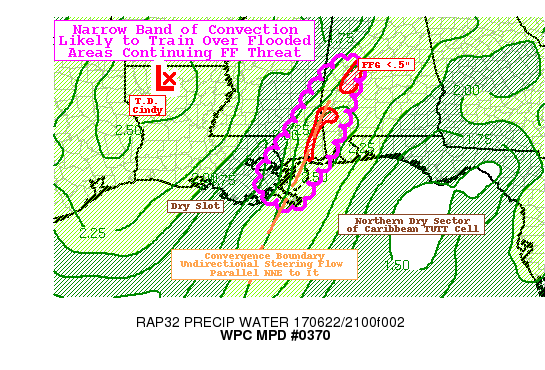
AREAS AFFECTED...SOUTHEAST LA...SOUTHEAST MS...SOUTHWEST AL

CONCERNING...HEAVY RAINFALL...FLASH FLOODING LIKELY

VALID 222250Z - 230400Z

SUMMARY...NARROW CONVERGENCE BAND WITHIN SHEARING WARM CONVEYOR
WILL SUPPORT AMPLE MOISTURE AND CHANNEL FOR TRAINING OVER FLOODED
AREAS LIKELY TO CONTINUE FLASH FLOODING CONDITIONS.

DISCUSSION...GOES-16 WV LOOPS SHOW A NARROW RIBBON OF DEEPEST
MOISTURE ACROSS THE BIRD'S FOOT OF SE LA THROUGH THE MS COAST INTO
SW AL...AS NORTHERN BAND OF WESTERN CARIBBEAN TUTT ENCROACHES FROM
THE EAST AND THE DRY SLOT REMAINS FAIRLY STATIONARY TO THE WEST.
TO BE EXPECTED MOISTURE DEPTH IS DECREASING BUT REMAINS AROUND
2.5" BUT GIVEN THE SQUEEZING GOING ON...CONVERGENCE IS STRONG TO
RING OUT THE REMAINING MOISTURE WITHIN DEVELOPING CONVECTION
THOUGH UPDRAFTS WILL CONTINUE TO BE GENERALLY NARROW.  FLOW
BETWEEN THE TWO SYSTEMS SUPPORTS A NARROW CHANNEL OF
UNIDIRECTIONAL FLOW THAT WILL ONLY TIGHTEN AND SLIDE SLIGHTLY
EASTWARD...AS SUCH DEVELOPING CONVECTION WILL TRAIN TOWARD THE
NNE.

HI-RES GUIDANCE IS FAIRLY COMPLIMENTARY WITH THE MOST PREFERABLE
BEING THE RECENT ESRL EXPERIMENTAL HRRR THAT SUGGEST A POTENTIAL
FOR AN ADDITIONAL 2-4" (MAINLY NEAR THE BEST INSTABILITY SOURCE OF
THE NORTH CENTRAL GULF) ALONG THE LOWER 2 ROWS OF COUNTIES IN SE
MS COINCIDENT WITH THE LOWEST FFG VALUES AND SIGNIFICANT ONGOING
FLOODING CONDITIONS.  AS SUCH FF IS CONSIDERED LIKELY OVER THE
NEXT FEW HOURS.  THE AREA OF CONCERN IS EXPANDED A BIT TO THE WEST
TO DENOTE SOME UNCERTAINTY OF THE SLOW WESTWARD DRIFT OF THE
BOUNDARY WITH TIME AND MATCHES UP WITH ANY FFG VALUES BELOW .5" IN
3HR ACROSS SW AL/SE MS